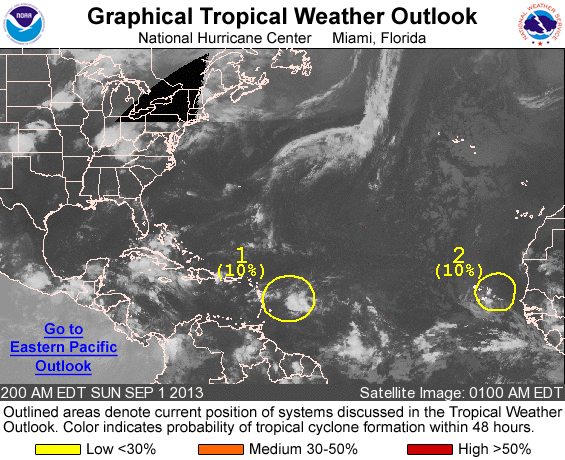
FOR THE NORTH ATLANTIC...CARIBBEAN SEA AND THE GULF OF MEXICO...

1. AN ELONGATED AREA OF LOW PRESSURE...ASSOCIATED WITH A TROPICAL WAVE...LOCATED ABOUT 150 MILES EAST OF THE LESSER ANTILLES CONTINUES TO PRODUCE DISORGANIZED SHOWERS AND THUNDERSTORMS. SOME SLOW DEVELOPMENT OF THIS SYSTEM IS POSSIBLE WHILE IT MOVES WESTWARD ACROSS THE CARIBBEAN SEA DURING THE NEXT SEVERAL DAYS. THIS SYSTEM HAS A LOW CHANCE...10 PERCENT...OF BECOMING A TROPICAL CYCLONE DURING THE NEXT 48 HOURS...AND A LOW CHANCE...20 PERCENT...OF BECOMING A TROPICAL CYCLONE DURING THE NEXT 5 DAYS. SHOWER ACTIVITY AND LOCALLY GUSTY WINDS ARE EXPECTED TO SPREAD OVER THE LESSER ANTILLES LATER TODAY AND ON MONDAY.

2. A WEAK AREA OF LOW PRESSURE ASSOCIATED WITH A TROPICAL WAVE IS LOCATED JUST TO THE EAST OF THE CAPE VERDE ISLANDS. THE ASSOCIATED SHOWER AND THUNDERSTORM ACTIVITY HAS DECREASED...AND ENVIRONMENTAL CONDITIONS DO NOT APPEAR FAVORABLE FOR DEVELOPMENT. THIS SYSTEM HAS A LOW CHANCE...10 PERCENT...OF BECOMING A TROPICAL CYCLONE DURING THE NEXT 48 HOURS...AND A LOW CHANCE...10 PERCENT...OF BECOMING A TROPICAL CYCLONE DURING THE NEXT 5 DAYS...AS IT MOVES GENERALLY WEST-NORTHWESTWARD OVER THE EASTERN ATLANTIC.

FIVE-DAY FORMATION PROBABILITIES ARE EXPERIMENTAL IN 2013. COMMENTS ON THE EXPERIMENTAL FORECASTS CAN BE PROVIDED AT...

HTTP://WWW.NWS.NOAA.GOV/SURVEY/NWS-SURVEY.PHP?CODE=ETWO

FORECASTER CANGIALOSI